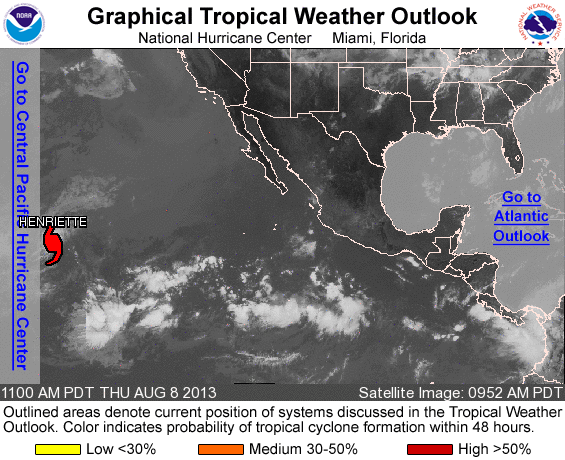
FOR THE EASTERN NORTH PACIFIC...EAST OF 140 DEGREES WEST LONGITUDE..

THE NATIONAL HURRICANE CENTER IS ISSUING ADVISORIES ON HURRICANE HENRIETTE...LOCATED FAR TO THE EAST OF THE HAWAIIAN ISLANDS.

AN AREA OF DISTURBED WEATHER IS LOCATED ABOUT 500 MILES SOUTH OF MANZANILLO MEXICO. ENVIRONMENTAL CONDITIONS APPEAR CONDUCIVE FOR SOME DEVELOPMENT OF THIS DISTURBANCE OVER THE NEXT FEW DAYS AS IT MOVES WESTWARD AT ABOUT 10 MPH. THIS SYSTEM HAS A MEDIUM CHANCE...40 PERCENT...OF BECOMING A TROPICAL CYCLONE DURING THE NEXT 48 HOURS AND A HIGH CHANCE...70 PERCENT...OF BECOMING A TROPICAL CYCLONE DURING THE NEXT 5 DAYS.

A LOW PRESSURE TROUGH LOCATED ABOUT 1500 MILES SOUTHWEST OF THE SOUTHERN TIP OF BAJA CALIFORNIA IS PRODUCING DISORGANIZED SHOWERS AND THUNDERSTORMS. ENVIRONMENTAL CONDITIONS ARE EXPECTED TO BE CONDUCIVE FOR GRADUAL DEVELOPMENT OF THIS SYSTEM DURING THE NEXT SEVERAL DAYS. THIS SYSTEM HAS A LOW CHANCE...10 PERCENT...OF BECOMING A TROPICAL CYCLONE DURING THE NEXT 48 HOURS...AND A MEDIUM CHANCE...30 PERCENT...OF BECOMING A TROPICAL CYCLONE DURING THE NEXT 5 DAYS AS IT MOVES WESTWARD AROUND 10 MPH.

&&
FIVE-DAY FORMATION PROBABILITIES ARE EXPERIMENTAL IN 2013. COMMENTS ON THE EXPERIMENTAL FORECASTS CAN BE PROVIDED AT...

HTTP://WWW.NWS.NOAA.GOV/SURVEY/NWS-SURVEY.PHP?CODE=ETWO

FORECASTER BROWN